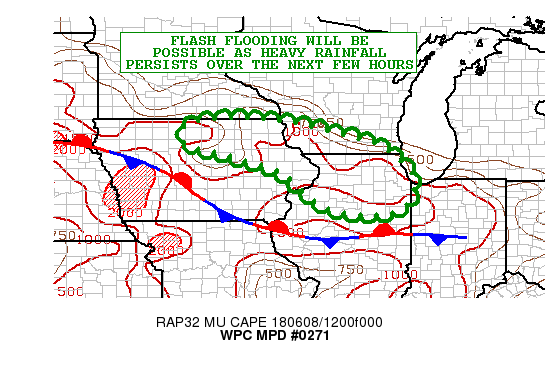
AREAS AFFECTED...NORTHEAST IA...FAR SOUTHWEST WI...NORTHERN IL

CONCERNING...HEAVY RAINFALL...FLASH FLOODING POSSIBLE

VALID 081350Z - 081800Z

SUMMARY...NUMEROUS SHOWERS AND THUNDERSTORMS WILL FOSTER SOME
FLASH FLOODING CONCERNS THROUGH MIDDAY.

DISCUSSION...THE LATEST GOES-16 CLEAN IR SATELLITE IMAGERY SHOWS A
FAIR DEGREE OF COLD-TOPPED CONVECTION IMPACTING AREAS OF NORTHERN
IA...SOUTHERN MN...SOUTHWEST WI AND NORTHERN IL. THE ACTIVITY IS
BEING FOSTERED BY MULTIPLE SMALL SCALE VORTS THAT ARE ADVANCING
SLOWLY EAST AND INTERACTING WITH A WELL-DEFINED ELEVATED
INSTABILITY GRADIENT FOCUSED NEAR A QUASI-STATIONARY FRONT.

THE LOW LEVEL JET IS CURRENTLY ONLY ON THE ORDER OF 20 TO 25 KTS
OUT OF THE SOUTHWEST...BUT THERE IS SUFFICIENT ISENTROPIC ASCENT
AND DIVERGENT FLOW ALOFT ASSOCIATED WITH THE VORT ENERGY TO
SUSTAIN THE CONVECTION AT LEAST FOR A FEW MORE HOURS. IN
FACT...SOME CLOUD TOP COOLING HAS BEEN NOTED RECENTLY OVER
PORTIONS OF NORTH-CENTRAL IA AND ALSO ACROSS WEST-CENTRAL IL IN
PARTICULAR SUGGESTING RATHER STRONG UPDRAFTS/FORCING.

MEANWHILE...THE PWATS ARE ON THE ORDER OF 1.5 TO 1.6 INCHES AND
THIS IS FOSTERING HEAVY RAINFALL RATES OF AS MUCH AS 2 INCHES/HR
AND ESPECIALLY GIVEN SOME OF THE COLDER AND LOCALLY OVERSHOOTING
TOPS.

THE LATEST HRRR GUIDANCE DOES NOT HAVE A GOOD HANDLE ON THE
CONVECTION ACROSS WEST-CENTRAL/NORTHERN IL IN PARTICULAR...AND MAY
IN GENERAL BE TENDING TO WEAKEN CONVECTION TOO QUICKLY ACROSS THE
BROADER UPPER MIDWEST. THEREFORE...EXPECT SOME ADDITIONAL CONCERNS
FOR HEAVY RAINFALL AT LEAST THROUGH MIDDAY. ADDITIONAL RAINFALL
AMOUNTS OF AS MUCH AS 3 TO 4 INCHES ARE EXPECTED...AND THIS WILL
FOSTER AT LEAST A LOCALIZED FLASH FLOOD THREAT.